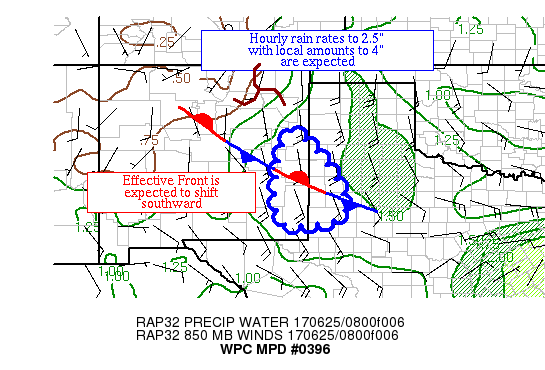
AREAS AFFECTED...EAST-CENTRAL TX/NM BORDER

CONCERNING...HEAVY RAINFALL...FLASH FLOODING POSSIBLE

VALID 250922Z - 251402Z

SUMMARY...THUNDERSTORMS WITH HOURLY RAIN RATES TO 2.5" ARE MOVING
FASTER TO THE SOUTH THAN ORIGINALLY EXPECTED.  LOCAL AMOUNTS TO 4"
ARE POSSIBLE.

DISCUSSION...CONVECTION WITH COOLING CLOUD TOPS HAS BEEN NOTED
NEAR THE TX/NM BORDER AS OF LATE.  WATER VAPOR IMAGERY REVEALS A
SHORTWAVE MOVING INTO NORTHEAST NM WHICH WHEN COMBINED WITH AN
OUTFLOW JET FROM A DYING CONVECTIVE CLUSTER OVER NORTHERN MEXICO
ARE AIDING DIVERGENCE ALOFT.  A SURFACE BOUNDARY HAS BEEN EVIDENT
IN THE THERMAL FIELD AND RADAR IMAGERY TO THE SOUTHWEST OF
FDX/CANNON AIR FORCE BASE NM OVERNIGHT.  INFLOW AT 850 HPA IS
SOUTHEASTERLY WITH AT 25-30 KTS PER VAD WIND PROFILES, MORE THAN
DOUBLE THE MEAN 850-400 HPA WIND.  EFFECTIVE BULK SHEAR IS 30-40
KTS.  GPS VALUES OF PRECIPITABLE WATER LIE BETWEEN 1.2-1.4".

AN INCREASINGLY SATURATED VERTICAL PROFILE  HAS BEEN MAKING
EFFECTIVE USE OF THE MUCAPE VALUES, WHICH ARE IN THE 500-1000 J/KG
RANGE.  SHOWER AND THUNDERSTORM COVERAGE HAS INCREASED FASTER THAN
EXPECTED AND IS MOVING ON A MORE SOUTHERLY TRAJECTORY.  A BUILDING
CONVECTIVE COLD POOL COULD EVENTUALLY INCREASE CONVERGENCE ALONG
THE SURFACE BOUNDARY AND SHIFT IT FAIRLY FAR DOWN THE TX/NM
BORDER.  CELL TRAINING AND BACKBUILDING ARE BEING OBSERVED, WITH
THE BULK SHEAR HELPING TO ORGANIZE BANDS AND POSSIBLY A
MESOCYCLONE OR TWO.  CELL MOTION TO THE SOUTH-SOUTHEAST AT 20 KTS
WILL INCREASE THE LOW-LEVEL INFLOW IN A STORM RELATIVE SENSE.
HOURLY RAIN RATES UP TO 2.5" HAVE BEEN NOTED ON RADAR ESTIMATES.
THE 00Z SPC WRF, 00Z WRF NSSL, AND RECENT HRRR RUNS HAVE BEEN
CAPTURING THIS MORE SOUTHWARD MOVEMENT.  LOCAL MAXIMA OF 4" APPEAR
POSSIBLE HERE.